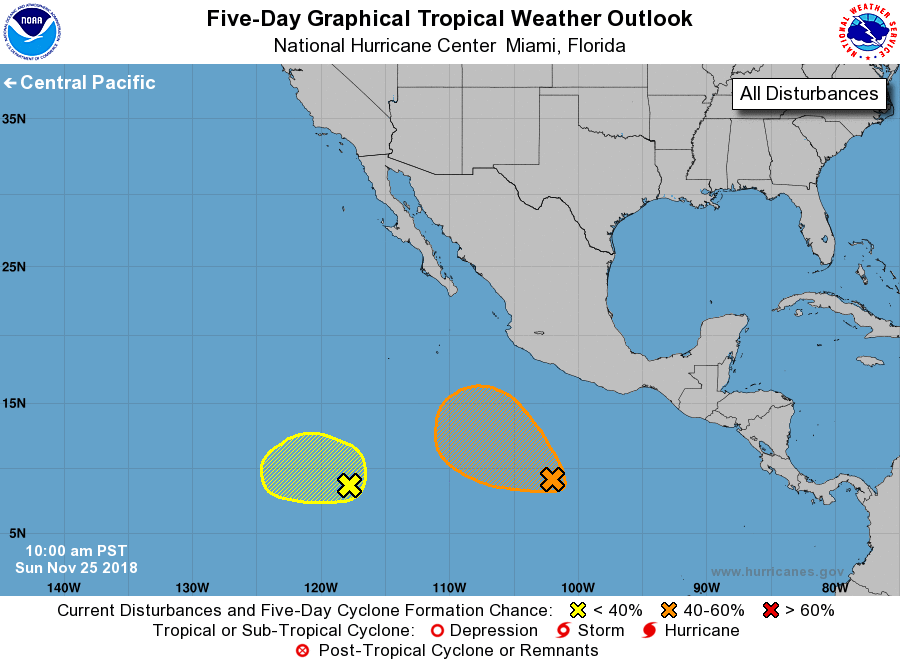
For the eastern North Pacific...east of 140 degrees west longitude:

1. Shower activity has increased since yesterday in association with an elongated area of low pressure located about 600 miles south- southwest of Acapulco, Mexico. Environmental conditions are expected to become somewhat conducive for gradual development during the next several days while the disturbance moves slowly northwestward.
* Formation chance through 48 hours...low...10 percent.
* Formation chance through 5 days...medium...40 percent.

2. Another area of low pressure is located about 1150 miles south-southwest of the southern tip of the Baja California peninsula. Showers and thunderstorms associated with the low have also increased since yesterday, and additional gradual development is possible during the next few days while the low moves slowly westward.
* Formation chance through 48 hours...low...10 percent.
* Formation chance through 5 days...low...20 percent.

Forecaster Beven